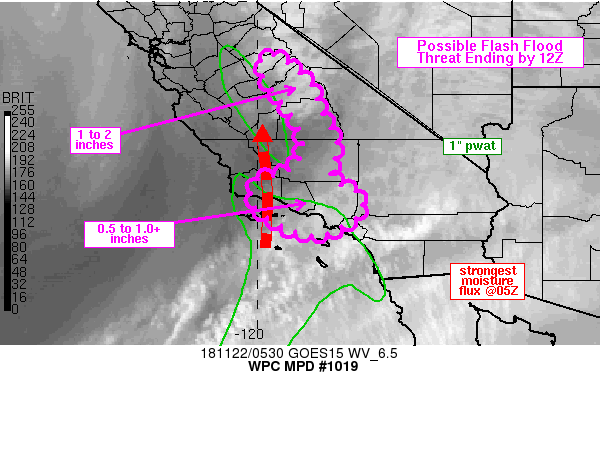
Areas affected...portions of central to southern CA

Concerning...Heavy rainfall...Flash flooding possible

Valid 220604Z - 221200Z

Summary...A localized and dwindling flash flood threat will exist
for another few hours across the southern Sierra Nevada and
Transverse ranges of southern CA. Rainfall rates should drop below
0.5 in/hr by 12Z, likely ending the flash flood threat for burn
scar regions.

Discussion...As a large scale upper level trough and its
associated cold front continue to move into CA, the highest
remaining precipitable water values were located in the northern
San Joaquin Valley and along the southern CA coast, south of Point
Conception with values peaking between 1.0 and 1.2 inches. VAD
wind data through 0545Z from KVBX has shown 850 mb winds have
veered and dropped in magnitude from 30 kt from the SSW to WSW at
20 kt. Earlier observed rainfall rates were as high as .83 in/hr
(ending 0300Z) in western San Luis Obispo County and .58 in/hr
just east of Point Conception (ending 0430Z).

The strongest low level moisture flux was located in eastern Santa
Barbara County at 0545Z, co-located with an axis of moderate to
heavy rain, steadily progressing toward the east. 850 mb winds of
30 kt were estimated to be located within the moisture flux axis,
oriented perpendicular to the Santa Ynez Mountains. As the upper
level trough axis continues moving east over the next 6 hours,
short term forecasts from the RAP show precipitable water values
falling below 1 inch across inland locations with 850 mb flow
weakening and veering from west to east along the coast of
southern CA.

The potential for an additional 0.5 to 1.0+ inches of rain exists
for the southern CA mountain ranges with 1 to 2 inches farther
north into the southern Sierra Nevada through 1200Z. Given the
prominent Thomas and Woolsey burn scars in Santa Barbara, Ventura
and Los Angeles counties and remnant burn scars farther to the
north in the Sierra Nevada Mountains, a flash flood threat is
expected to linger for another few hours with a consensus of the
00Z hi-res models and recent HRRR guidance suggesting rainfall
rates falling below 0.5 in/hr by 12Z and beyond with rapidly
weakening moisture flux values.